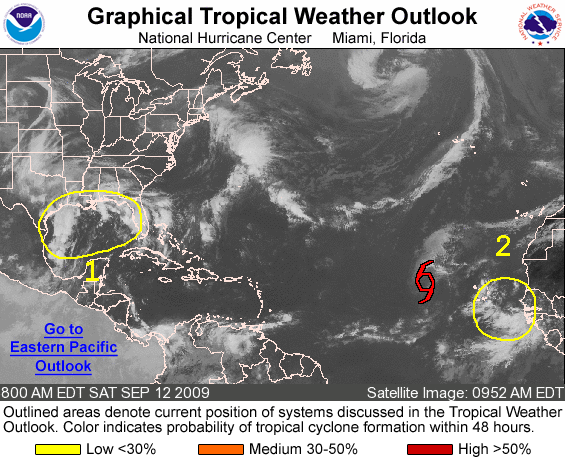
FOR THE NORTH ATLANTIC...CARIBBEAN SEA AND THE GULF OF MEXICO...

THE NATIONAL HURRICANE CENTER IS ISSUING ADVISORIES ON WEAKENING TROPICAL STORM FRED...LOCATED ABOUT 645 MILES WEST-NORTHWEST OF THE CAPE VERDE ISLANDS.

1. A LARGE AREA OF DISTURBED WEATHER COVERING MUCH OF THE NORTHERN AND WESTERN GULF OF MEXICO AND ADJACENT LAND AREAS IS ASSOCIATED WITH A SURFACE TROUGH AND A MID- TO UPPER-LEVEL LOW. ENVIRONMENTAL CONDITIONS ARE NOT CONDUCIVE FOR TROPICAL CYCLONE DEVELOPMENT..AND THERE IS A LOW CHANCE...LESS THAN 30 PERCENT...OF THIS SYSTEM BECOMING A TROPICAL CYCLONE DURING THE NEXT 48 HOURS. HOWEVER... THIS WEATHER SYSTEM SHOULD MOVE SLOWLY NORTHWARD DURING THE NEXT COUPLE OF DAYS...BRINGING LOCALLY HEAVY RAINS TO PORTIONS OF THE SOUTHEASTERN UNITED STATES. FOR ADDITIONAL INFORMATION ON THE POTENTIAL FOR HEAVY RAINFALL...PLEASE CONSULT PRODUCTS BEING ISSUED BY YOUR LOCAL NATIONAL WEATHER SERVICE FORECAST OFFICE.

2. A BROAD AREA OF LOW PRESSURE ASSOCIATED WITH A TROPICAL WAVE IS PRODUCING DISORGANIZED SHOWERS AND THUNDERSTORMS EXTENDING FROM THE WEST COAST OF AFRICA TO SOUTHEAST OF THE CAPE VERDE ISLANDS. DEVELOPMENT OF THIS SYSTEM...IF ANY...IS EXPECTED TO BE SLOW TO OCCUR AS IT MOVES WEST- NORTHWESTWARD AT 10 TO 15 MPH. THERE IS A LOW CHANCE...LESS THAN 30 PERCENT...OF THIS SYSTEM BECOMING A TROPICAL CYCLONE DURING THE NEXT 48 HOURS.

ELSEWHERE...TROPICAL CYCLONE FORMATION IS NOT EXPECTED DURING THE NEXT 48 HOURS.

FORECASTER KIMBERLAIN/BROWN